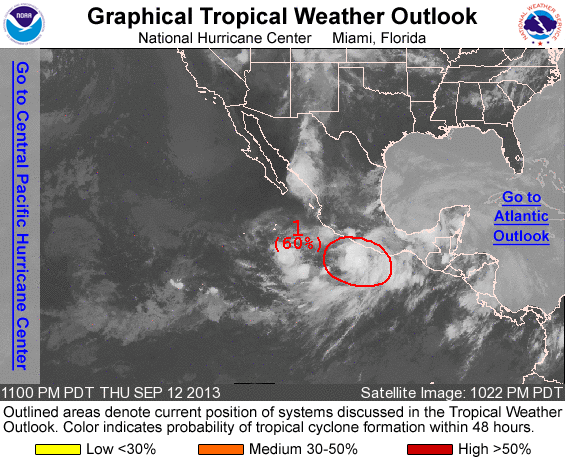
FOR THE EASTERN NORTH PACIFIC...EAST OF 140 DEGREES WEST LONGITUDE..

1. A BROAD AREA OF LOW PRESSURE LOCATED NEAR THE COAST OF MEXICO TO THE SOUTHWEST OF ACAPULCO IS PRODUCING A LARGE AREA OF SHOWERS AND THUNDERSTORMS. ENVIRONMENTAL CONDITIONS APPEAR CONDUCIVE FOR THE DEVELOPMENT OF A TROPICAL DEPRESSION DURING THE NEXT COUPLE OF DAYS WHILE THE LOW MOVES SLOWLY TOWARD THE NORTHWEST OR NORTH. THIS SYSTEM HAS A HIGH CHANCE...60 PERCENT...OF BECOMING A TROPICAL CYCLONE DURING THE NEXT 48 HOURS...AND A HIGH CHANCE...60 PERCENT...OF BECOMING A TROPICAL CYCLONE DURING THE NEXT 5 DAYS. REGARDLESS OF DEVELOPMENT...THIS LOW...IN COMBINATION WITH TROPICAL DEPRESSION TEN IN THE BAY OF CAMPECHE...WILL LIKELY BRING HEAVY RAINS TO PORTIONS OF SOUTHERN AND EASTERN MEXICO DURING THE NEXT SEVERAL DAYS. THESE RAINS COULD CAUSE LIFE-THREATENING FLASH FLOODS AND MUD SLIDES.

FIVE-DAY FORMATION PROBABILITIES ARE EXPERIMENTAL IN 2013. COMMENTS ON THE EXPERIMENTAL FORECASTS CAN BE PROVIDED AT...

HTTP://WWW.NWS.NOAA.GOV/SURVEY/NWS-SURVEY.PHP?CODE=ETWO

FORECASTER CANGIALOSI